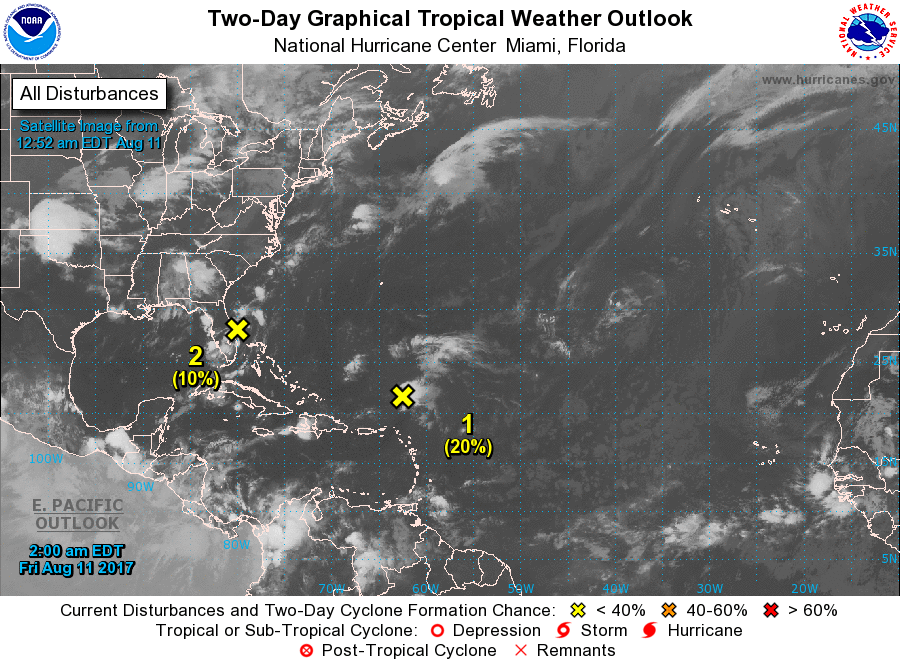
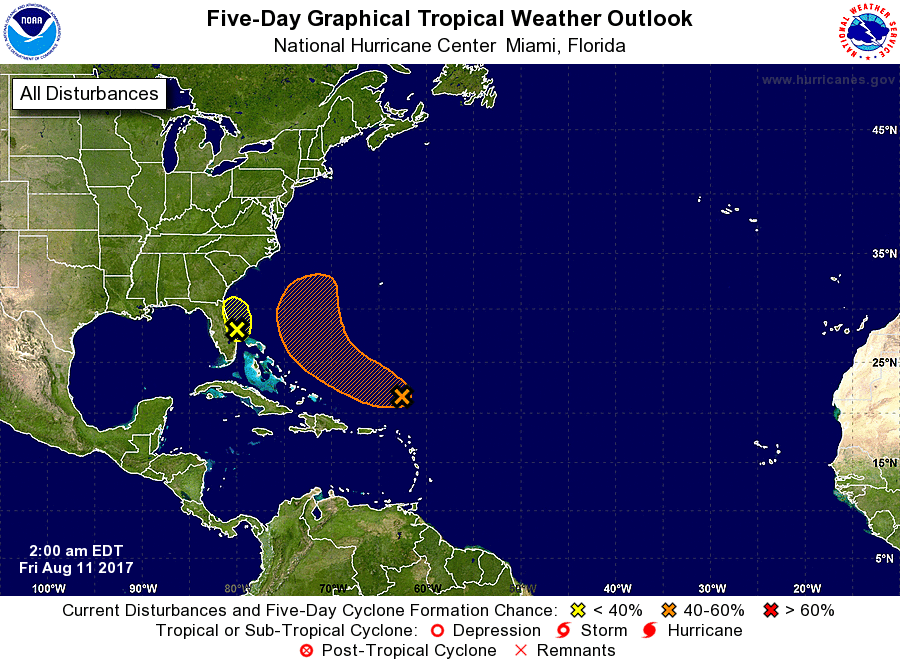
For the North Atlantic...Caribbean Sea and the Gulf of Mexico:

1. An area of disturbed weather centered a couple of hundred miles north of the northern Leeward Islands is associated with a broad trough of low pressure. While upper-level winds are forecast to become more favorable for development by the weekend, dry air aloft could limit the system's thunderstorm activity, making the overall environment only marginally conducive. The trough is expected to move northwestward today, then northward over the weekend across the western Atlantic Ocean.
* Formation chance through 48 hours...low...20 percent.
* Formation chance through 5 days...medium...40 percent.

2. A weak and elongated area of low pressure is centered just northeast of Cape Canaveral, Florida. This low is accompanied by disorganized showers and thunderstorms extending from southern Florida northeastward across the southwestern Atlantic. Significant development is not anticipated but this system could bring locally heavy rains to portions of the Florida peninsula as it moves northwestward and northward during the next day or two.
* Formation chance through 48 hours...low...10 percent.
* Formation chance through 5 days...low...10 percent.

Forecaster Blake